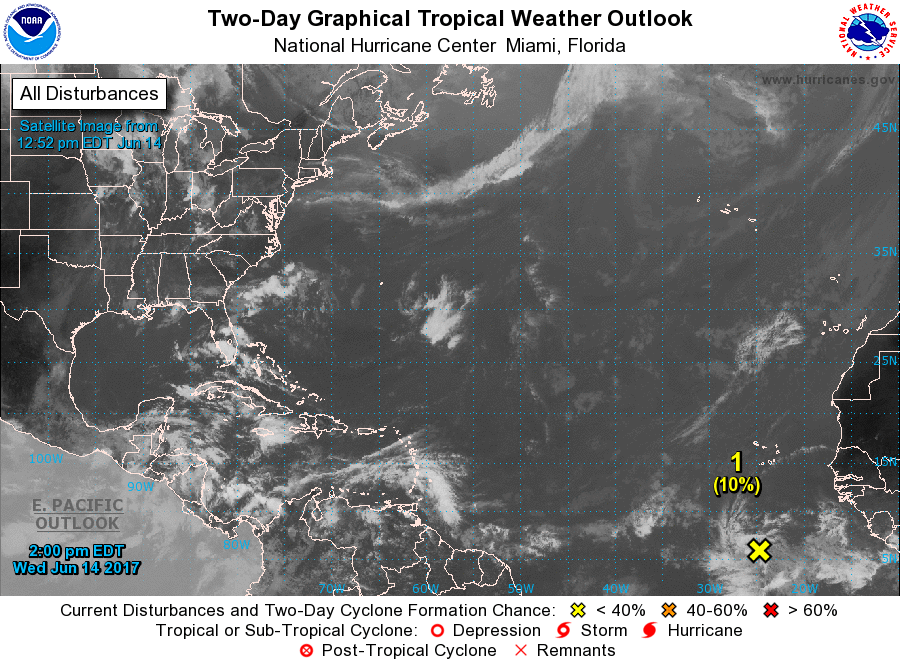
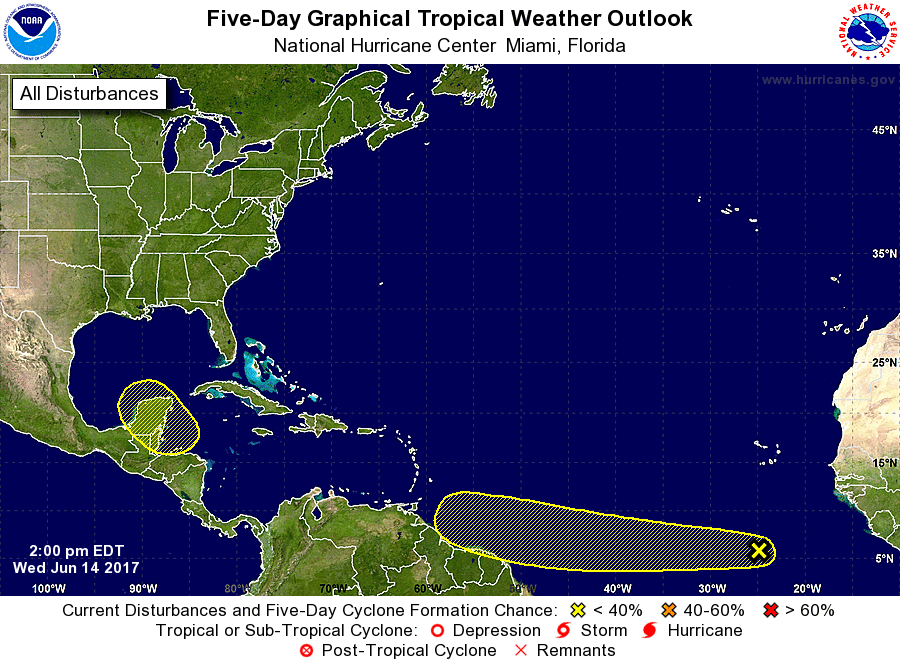
For the North Atlantic...Caribbean Sea and the Gulf of Mexico:

1.

1. Showers and thunderstorms several hundred miles south of the Cabo Verde Islands associated with a strong tropical wave have recently diminished. Development of this system, if any, is expected to be slow to occur during the next several days while the wave moves westward near 20 mph over the tropical Atlantic.
* Formation chance through 48 hours...low...10 percent
* Formation chance through 5 days...low...20 percent

2.

2. A broad area of low pressure is expected to form over the northwestern Caribbean Sea and adjacent land areas by the weekend. Some gradual development of this system is possible thereafter while it moves slowly northwestward toward the southwestern Gulf of Mexico.
* Formation chance through 48 hours...low...near 0 percent
* Formation chance through 5 days...low...20 percent

Forecaster Roth/Cangialosi